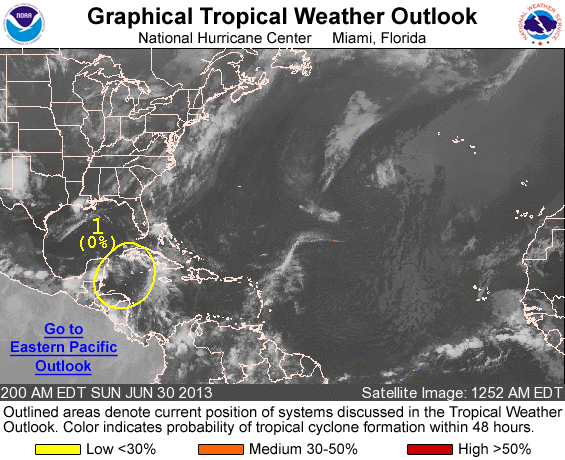
FOR THE NORTH ATLANTIC...CARIBBEAN SEA AND THE GULF OF MEXICO...

1. SHOWERS AND THUNDERSTORMS OVER THE WESTERN CARIBBEAN ARE ASSOCIATED WITH A TROPICAL WAVE. ALTHOUGH UPPER-LEVEL WINDS ARE NOT CONDUCIVE FOR DEVELOPMENT...THE SYSTEM COULD PRODUCE HEAVY RAINFALL OVER PORTIONS OF CENTRAL AMERICA AND SOUTHEASTERN MEXICO AS IT MOVES WEST-NORTHWESTWARD AT AROUND 10 TO 15 MPH DURING THE NEXT TWO DAYS. THIS DISTURBANCE HAS A LOW CHANCE...NEAR 0 PERCENT...OF BECOMING A TROPICAL CYCLONE DURING THE NEXT 48 HOURS.

ELSEWHERE...TROPICAL CYCLONE FORMATION IS NOT EXPECTED DURING THE NEXT 48 HOURS.

FORECASTER AVILA